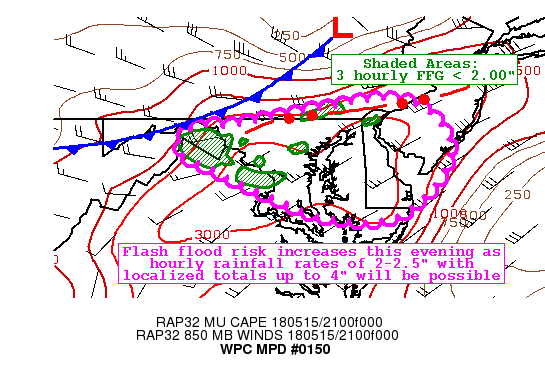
AREAS AFFECTED......EASTERN WV PANHANDLE...NORTHERN VA...DISTRICT
OF COLUMBIA...NORTHERN AND EASTERN MD...DE...SOUTHERN
NJ...SOUTHEAST PA...

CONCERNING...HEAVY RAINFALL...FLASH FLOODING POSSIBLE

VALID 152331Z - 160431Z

SUMMARY...A QUASI-LINEAR CONVECTIVE SYSTEM (QLCS) WILL CONTINUE TO
ORGANIZE ACROSS PORTIONS OF THE MID ATLANTIC REGION THIS EVENING.
TRAINING OF CELLS WILL BECOME MORE LIKELY AS THE EVENING
PROGRESSES, WHICH WILL ENHANCE THE POTENTIAL FOR FLASH FLOODING.

DISCUSSION...AS OF 2300 UTC, A SQUALL LINE WAS BECOMING BETTER
ORGANIZED IN A PREDOMINATELY W-E FASHION ACROSS SOUTHEASTERN PA
AND NORTHERN MD SOUTH OF THE SURFACE FRONT. AT THE SAME TIME,
ADDITIONAL LINEAR, WSW-ENE ORIENTED CONVECTION WAS DEVELOPING OVER
NORTHWEST AND NORTHERN VA. RECENT HRRR RUNS SHOW BOTH LINES
MERGING EARLY THIS EVENING AS THE ACTIVITY CONTINUES TO GROW
UPSCALE, OWING TO THE ROBUST DEEP-LAYER INSTABILITY (MUCAPES ~3000
J/KG) DOWNSTREAM TOWARD THE MID ATLANTIC COAST.

ALSO FOSTERING THE MORE WIDESPREAD CONVECTIVE ORGANIZATION THIS
EVENING WILL BE THE INCREASED RIGHT-ENTRANCE REGION FORCING VIA
THE UPPER JET STREAK THAT WILL BE TRAVERSING THE NORTHEAST REGION,
WHICH WILL LEAD TO SOME DIVERGENCE ALOFT. THE MORE FAVORABLE
DYNAMICAL PROFILE, ALONG WITH THE INCREASING LOW-LEVEL INFLOW
AFTER SUNSET (30-35 KTS), WILL PROMOTE A MORE FAVORABLE
THERMODYNAMIC ENVIRONMENT LATER THIS EVENING AS THE RECENT CAM
GUIDANCE DEPICTS A DECIDED UPTICK IN MOISTURE/THETA-E TRANSPORT
INTO THE QLCS. MOREOVER, AS THE LOW-LEVEL INFLOW VEERS MORE
WESTERLY AFTER 0000 UTC, IT WILL ALIGN MORE PARALLEL TO THE MEAN
850-300 MB FLOW AND THE SURFACE BOUNDARY, WHICH WILL GREATLY
ENHANCE THE POTENTIAL FOR UPWIND PROPAGATION AND THUS CELL
TRAINING.

THE MOST RECENT HRRR MODEL RUNS SHOW PW VALUES SPIKING BETWEEN
1.75-2.00" AFTER 00Z AS THE QLCS CONTINUES TO BECOME BETTER
ORGANIZED. GIVEN THIS THERMODYNAMIC ENVIRONMENT -- WITH THE
STRONG, DEEP-LAYER INSTABILITY AND AVAILABILITY OF ANOMALOUS PW
VALUES FOR MID-MAY -- HOURLY RAINFALL RATES OF 2-2.5" WILL BE
LIKELY UNDERNEATH THE STRONGEST CELLS, WHILE LOCALIZED STORM TOTAL
RAINFALL UP TO 4" WILL BE POSSIBLE.